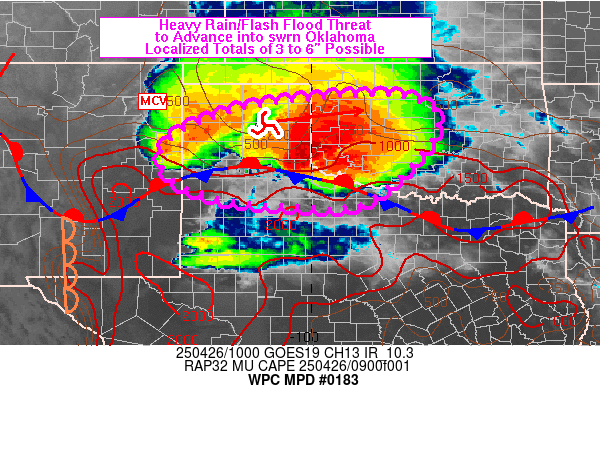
Areas affected...TX Panhandle into southwestern/central OK

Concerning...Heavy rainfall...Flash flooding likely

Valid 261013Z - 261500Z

SUMMARY...Flash flooding is likely to continue across portions of
the TX Panhandle into northwestern TX and southwestern OK over the
next few hours. Peak rainfall rates of 2-3 in/hr and peak
additional totals of 3 to 6 inches will be possible.

DISCUSSION...Radar mosaic and infrared satellite imagery at 0945Z
showed an MCS advancing slowly eastward across the TX Panhandle
into southwestern OK. Embedded thunderstorms were located along
and north of a wavy quasi-stationary front which extended westward
across northern TX, just south of the Red River, into the southern
TX Panhandle and eastern NM. A couple of forward propagating
segments were observed toward the southeastern edge of the MCS (in
the vicinity of Childress), located south of an eastward advancing
MCV near Pampa. VAD wind plots showed 35 to 46 kt of southerly
flow over west-central to central TX which backed to a
southeasterly direction near the Red River, supporting the robust
transport of low level moisture northward atop the surface front.

The training and repeating nature of cells along and north of the
front have supported peak rainfall rates of 2-3 in/hr across
southern portions of the TX Panhandle within the unstable
environment. The front marked the northern edge of 500-1500 J/kg
MLCAPE with 1000+ J/kg MUCAPE located north of the front via the
09Z SPC mesoanalysis.

As the MCV over the TX Panhandle continues to advance eastward
into western OK over the next few hours, continued convection
enhanced through warm air advection will spread eastward beneath
convectively influenced diffluent flow aloft. Meanwhile, scattered
thunderstorms in the wake of the MCV over the western TX Panhandle
are expected to continue to congeal as they advance eastward and
eventually bow southeastward into the low level inflow layer with
periods of training. Some of the heaviest rain is expected to
occur south of the MCV track where new thunderstorm development
ahead of the advancing southeastern flank of the MCS should setup
a prolonged period of heavy rain with additional totals of 3 to 6
inches possible through 16Z, most probable over portions of
southwestern OK or perhaps far northwestern TX.